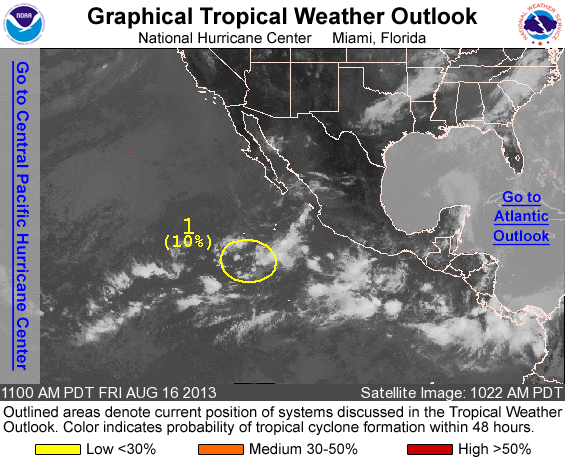
FOR THE EASTERN NORTH PACIFIC...EAST OF 140 DEGREES WEST LONGITUDE..

1. A TROUGH OF LOW PRESSURE LOCATED ABOUT 650 MILES SOUTH-SOUTHWEST OF THE SOUTHERN TIP OF THE BAJA CALIFORNIA PENINSULA IS PRODUCING DISORGANIZED SHOWERS AND THUNDERSTORMS. DEVELOPMENT...IF ANY...OF THIS DISTURBANCE IS EXPECTED TO BE SLOW TO OCCUR WHILE IT MOVES WESTWARD AT 10 TO 15 MPH. THIS SYSTEM HAS A LOW CHANCE...10 PERCENT...OF BECOMING A TROPICAL CYCLONE DURING THE NEXT 48 HOURS...AND A LOW CHANCE...20 PERCENT...OF BECOMING A TROPICAL CYCLONE DURING THE NEXT FIVE DAYS.

FIVE-DAY FORMATION PROBABILITIES ARE EXPERIMENTAL IN 2013. COMMENTS ON THE EXPERIMENTAL FORECASTS CAN BE PROVIDED AT...

HTTP://WWW.NWS.NOAA.GOV/SURVEY/NWS-SURVEY.PHP?CODE=ETWO

FORECASTER CANGIALOSI